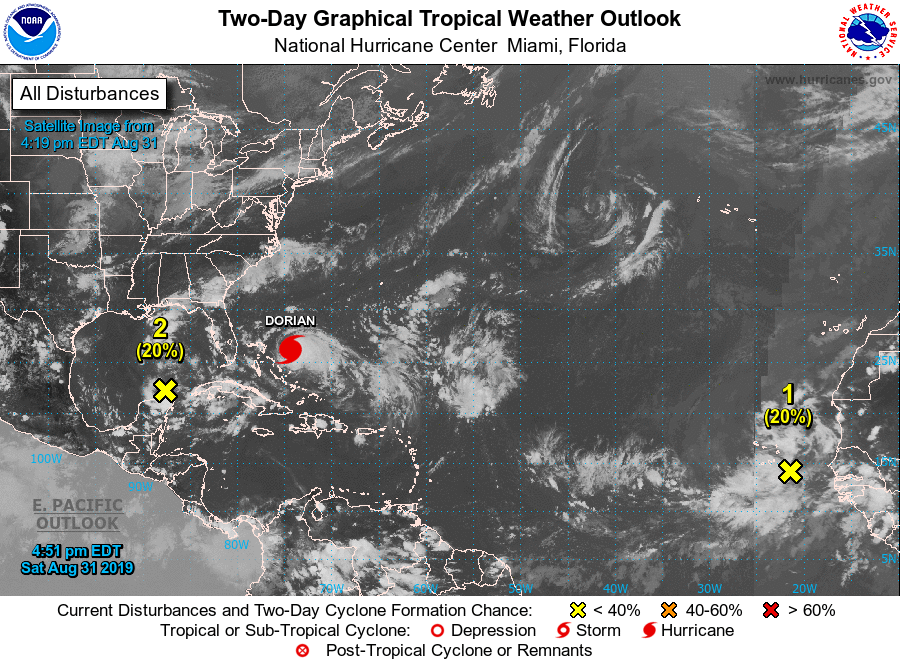
For the North Atlantic...Caribbean Sea and the Gulf of Mexico:

The National Hurricane Center is issuing advisories on Hurricane Dorian, located a few hundred miles east-northeast of the northwestern Bahamas.

1. A tropical wave located a little more than 100 miles east of the Cabo Verde Islands is producing widespread cloudiness and showers. Environmental conditions are forecast to be conducive for development of this disturbance during the next few days and a tropical depression could form next week while the system moves across the eastern tropical Atlantic Ocean. Heavy rainfall is possible over portions of the southern Cabo Verde Islands during the next couple of days, and interests on those islands should monitor the progress of this system.
* Formation chance through 48 hours...low...20 percent.
* Formation chance through 5 days...medium...60 percent.

2. A broad area of low pressure located over the southeastern Gulf of Mexico is producing limited shower and thunderstorm activity. Some gradual development of this system is possible during the next few days while it moves slowly westward across the southern and southwestern Gulf of Mexico.
* Formation chance through 48 hours...low...20 percent.
* Formation chance through 5 days...low...30 percent.

Forecaster Zelinsky